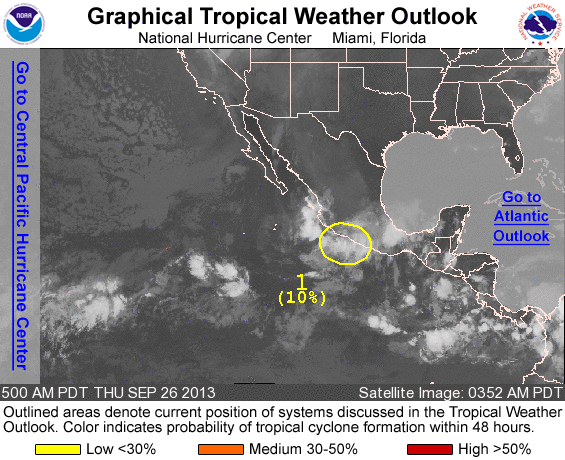
FOR THE EASTERN NORTH PACIFIC...EAST OF 140 DEGREES WEST LONGITUDE..

1. A WEAK AREA OF LOW PRESSURE CONTINUES TO PRODUCE DISORGANIZED SHOWERS AND THUNDERSTORMS NEAR THE SOUTHWESTERN COAST OF MEXICO. DEVELOPMENT DOES NOT APPEAR LIKELY DURING THE NEXT COUPLE OF DAYS...AND THIS SYSTEM HAS A LOW CHANCE...10 PERCENT...OF BECOMING A TROPICAL CYCLONE DURING THE NEXT 48 HOURS WHILE IT MOVES WEST-NORTHWESTWARD AT ABOUT 10 MPH. THE LOW IS EXPECTED TO TURN WESTWARD BY THE WEEKEND...AND SOME SLOW DEVELOPMENT IS POSSIBLE BEFORE UPPER-LEVEL WINDS BECOME LESS CONDUCIVE EARLY NEXT WEEK. THIS SYSTEM HAS A MEDIUM CHANCE...30 PERCENT...OF BECOMING A TROPICAL CYCLONE DURING THE NEXT 5 DAYS. REGARDLESS OF DEVELOPMENT...LOCALLY HEAVY RAINS ARE POSSIBLE OVER PORTIONS OF SOUTHWESTERN MEXICO DURING THE NEXT COUPLE OF DAYS.

FIVE-DAY FORMATION PROBABILITIES ARE EXPERIMENTAL IN 2013. COMMENTS ON THE EXPERIMENTAL FORECASTS CAN BE PROVIDED AT...

HTTP://WWW.NWS.NOAA.GOV/SURVEY/NWS-SURVEY.PHP?CODE=ETWO

FORECASTER BEVEN